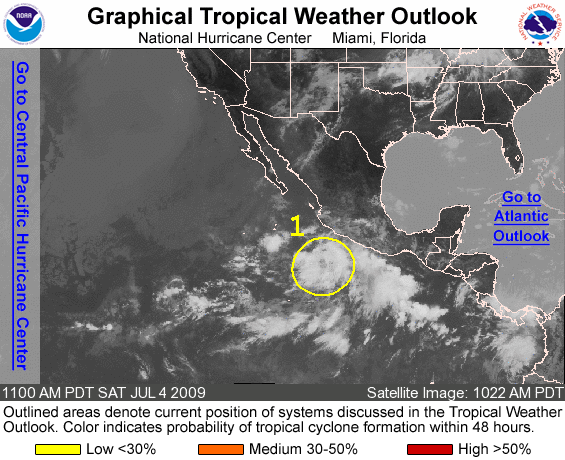
FOR THE EASTERN NORTH PACIFIC...EAST OF 140 DEGREES WEST LONGITUDE..

1. SHOWER AND THUNDERSTORM ACTIVITY ASSOCIATED WITH A TROUGH OF LOW PRESSURE LOCATED ABOUT 325 MILES SOUTH OF MANZANILLO MEXICO HAS BECOME A LITTLE BETTER ORGANIZED. UPPER-LEVEL WINDS ARE EXPECTED TO BECOME MORE CONDUCIVE FOR ADDITIONAL SLOW DEVELOPMENT OF THIS SYSTEM OVER THE NEXT COUPLE OF DAYS AS IT MOVES WEST-NORTHWESTWARD AT 5 TO 10 MPH. THERE IS A LOW CHANCE...LESS THAN 30 PERCENT...OF THIS SYSTEM BECOMING A TROPICAL CYCLONE DURING THE NEXT 48 HOURS.

ELSEWHERE...TROPICAL CYCLONE FORMATION IS NOT EXPECTED DURING THE NEXT 48 HOURS.

FORECASTER BEVEN